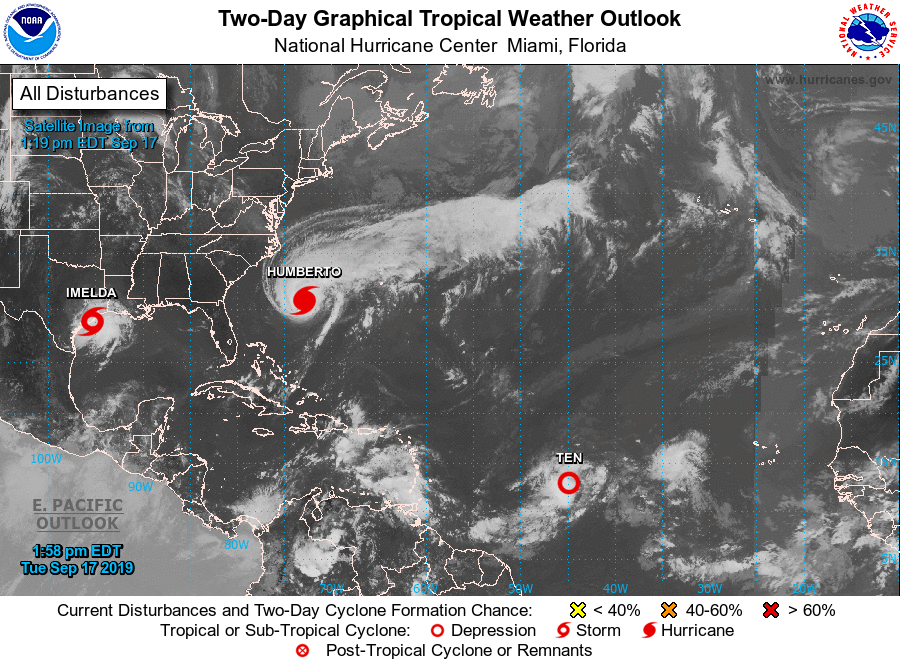
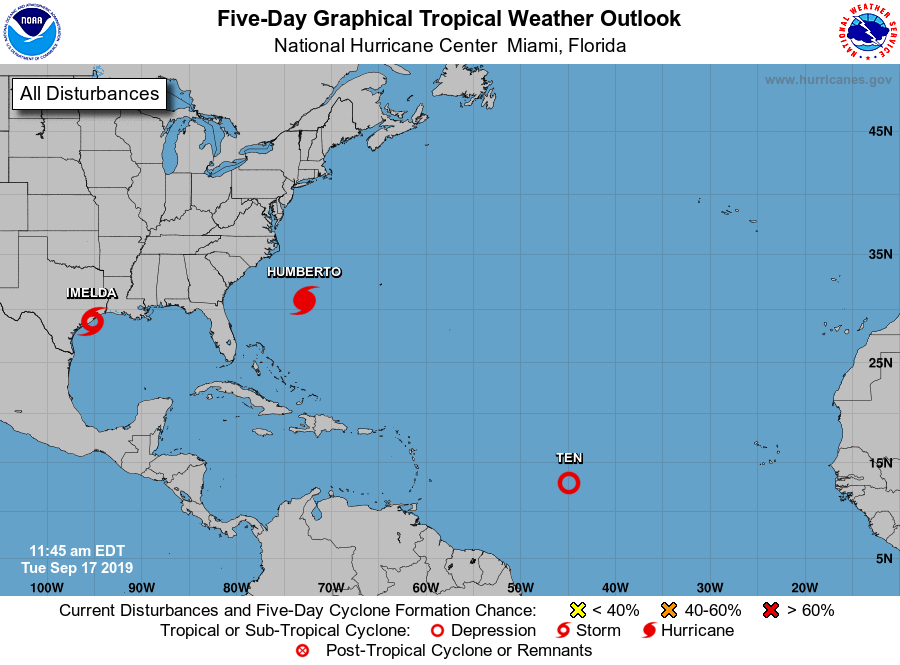
For the North Atlantic...Caribbean Sea and the Gulf of Mexico:

Special Outlook issued to update discussion on low pressure near the Texas coast.

The National Hurricane Center is issuing advisories on Hurricane Humberto, located more than 500 miles west of Bermuda. The National Hurricane center is also issuing advisories on newly formed Tropical Depression Ten, located more than 1000 miles east of the Leeward Islands.

1. Updated: Recent satellite, radar, and surface data show that the area of low pressure located over the northwestern Gulf of Mexico near the Texas coast has become better defined this morning. The associated thunderstorm activity has also increased and become a little better organized. If these development trends continue, a tropical depression could form before the system moves inland later today or tonight, but significant additional development is not likely once the system moves inland.

Regardless of development, heavy rainfall and flooding remain the primary hazards with this system. This disturbance is expected to produce total rainfall accumulations of 5 to 10 inches with isolated maximum totals of 15 inches across the upper coastal region of Texas into far southwest Louisiana through Thursday. This rainfall may produce life-threatening flash floods. For additional information, see products issued by your local weather forecast office and the Weather Prediction Center.
* Formation chance through 48 hours...medium...50 percent.
* Formation chance through 5 days...medium...50 percent.

Public Advisories on Tropical Depression Ten are issued under WMO header WTNT35 KNHC and under AWIPS header MIATCPAT5. Forecast/Advisories on Tropical Depression Ten are issued under WMO header WTNT25 KNHC and under AWIPS header MIATCMAT5.

Forecaster Brown